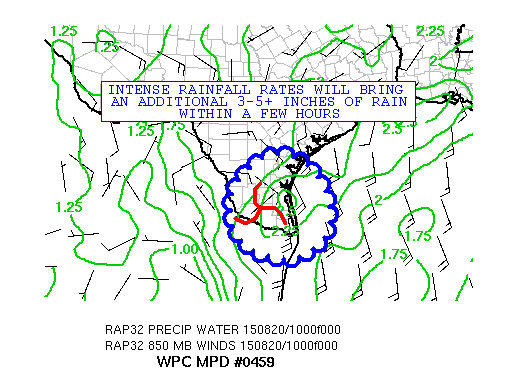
AREAS AFFECTED......SOUTH TEXAS...

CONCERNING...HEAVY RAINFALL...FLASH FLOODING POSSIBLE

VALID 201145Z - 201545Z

SUMMARY...HIGHLY EFFICIENT WARM RAIN PROCESSES WILL LEAD TO
CONTINUED INTENSE SHORT TERM RAINFALL RATES ACROSS THE RIO GRAND
VALLEY THIS MORNING.

DISCUSSION...THE MCS EARLIER THIS MORNING IS CURRENTLY RECYCLING
ACROSS THE RIO GRAND VALLEY...WITH THE NEW ORGANIZED CONVECTION
AIDED BY CONTINUED LOW LEVEL INFLOW AROUND 30 KTS WITH MUCAPES OF
2000 J/KG. DEEP WARM RAIN PROCESSES ARE IN PLAY WITH OBSERVED
PRECIPITABLE WATER VALUES AROUND 2.25 INCHES PER THE GPS...ALONG
WITH VERY HIGH WET BULB ZERO HEIGHTS (OVER 14,000 KFT) AND WARM
CLOUD DEPTHS OVER 10,000 FEET.

THE MESOSCALE-ENHANCED VORT CENTER CURRENTLY OVER SOUTH TEXAS PER
THE LATEST WV LOOPS WILL MOVE VERY LITTLE THIS MORNING PER THE
LATEST MODEL GUIDANCE. THIS ALONG WITH THE CONTINUED SUFFICIENT
LOW LEVEL INFLOW ABOVE THE SURFACE LAYER WILL MAINTAIN ORGANIZED
MULTICELLULAR CONVECTION...AT LEAST THROUGH LATE MORNING BEFORE
DIURNAL/DIFFERENTIAL HEATING WILL BEGIN TO DISRUPT THE CURRENT
ORGANIZED LOW LEVEL MOIST INFLOW.

ADDITIONAL BACK-BUILDING AND THUS CELL TRAINING ARE EXPECTED WITH
THE STATIONARY MCV AND STRONG LOW LEVEL INFLOW RELATIVE TO THE
MEAN 850-300 LAYER FLOW. BASED ON THIS ALONG WITH THE DEGREE/
DEPTH OF MOISTURE AND INSTABILITY...HOURLY RAINFALL RATES OF 2-2.5
INCHES ARE ANTICIPATED UNDER THE HEAVIER CORES... WITH SOME OF THE
LATEST CAM GUIDANCE (INCLUDING THE EXPERIMENTAL
HRRR...WRF-ARW...AND WRF-NMMB) INDICATING POCKETS OF 3-6" THROUGH
15Z.